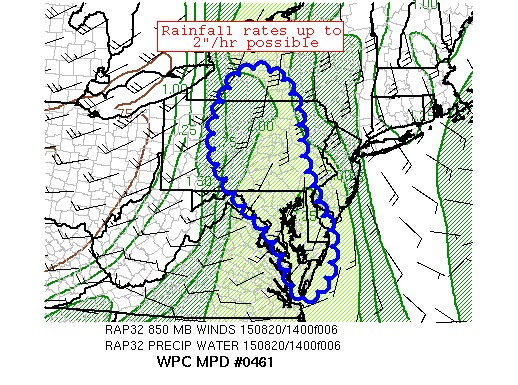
AREAS AFFECTED...DC, MD, DE, CENTRAL PA, WESTERN NY

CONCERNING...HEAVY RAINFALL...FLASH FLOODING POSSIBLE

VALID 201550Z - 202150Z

SUMMARY...THUNDERSTORMS ARE EXPECTED TO OVERSPREAD THE REGION WITH
INCREASING RAINFALL RATES. FLASH FLOODING IS POSSIBLE.

DISCUSSION...A CONVERGENCE ZONE FROM WESTERN NEW YORK TO THE
EASTERN SHORE WILL BE THE FOCUS FOR INCREASED CONVECTION INTO THE
AFTERNOON. MIXED LAYER CAPE VALUES BETWEEN 500-1000 J/KG ARE
SLOWLY INCREASING ACROSS THE REGION AND PWATS AROUND 2" SHOULD
SUPPORT INCREASING RAINFALL RATES INTO THE AFTERNOON.

A HIGH CAPE-LOW SHEAR ENVIRONMENT ACROSS THE EASTERN SHORE WILL
ALLOW FOR SLOW MOVING CONVECTION TO PRODUCE LOCALIZED FLASH
FLOODING. STRONGER LOW LEVEL INFLOW ACROSS CENTRAL PA AND WESTERN
NY SHOULD ALLOW FOR BETTER ORGANIZED CONVECTION. CELL TRAINING AND
CELL MERGERS ARE THE MAIN FLASH FLOOD THREAT. MESOSCALE GUIDANCE
SUGGESTS LOCALIZED RAINFALL TOTALS OF 3-4" ARE POSSIBLE.